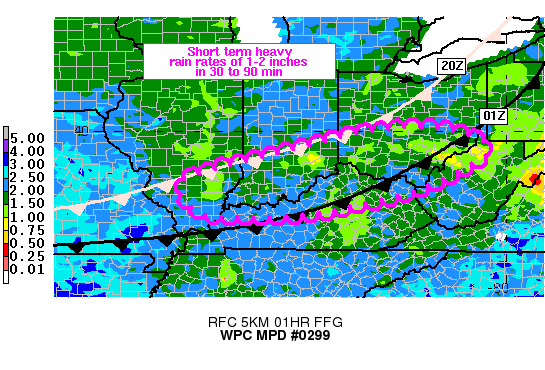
AREAS AFFECTED...PORTIONS OF THE OHIO VALLEY FROM IL TO WV

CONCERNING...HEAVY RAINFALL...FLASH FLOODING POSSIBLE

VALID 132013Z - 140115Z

SUMMARY...RAINFALL RATES OF 1-2 INCHES IN 30 TO 90 MINUTES MAY
PRODUCE SHORT TERM FLASH FLOODING CONCERNS OVER LOCATIONS WITH
SATURATED SOILS FROM PORTIONS OF SOUTHERN IL INTO WESTERN WV
THROUGH 01Z.

DISCUSSION...20Z SURFACE OBSERVATIONS AND VISIBLE SATELLITE
IMAGERY DEPICTED A COLD FRONT EXTENDING FROM WESTERN LAKE ERIE
INTO EAST-CENTRAL MO...MOVING TO THE SOUTH AND EAST AT ROUGHLY
20-25 KT. THE SPC MESOANALYSIS SHOWED MLCAPE VALUES AHEAD OF THE
BOUNDARY RANGED FROM 1500-2500 J/KG WITH LITTLE TO NO CIN
REMAINING BETWEEN SOUTHERN IL INTO SOUTHERN OH. RECENT REGIONAL
RADAR IMAGERY SHOWED A LINE OF CONVECTION JUST AHEAD OF THE COLD
FRONT FROM 20Z...EXTENDING FROM NEAR CMH TO JUST SOUTH OF
IND...WITH RECENT OBSERVATIONS FROM WUNDERGROUND.COM INDICATING
RAINFALL RATES OF NEAR 1 INCH IN A 20-30 MINUTE TIME FRAME IN THE
VICINITY OF I-70 TO THE EAST OF IND.

SHORT TERM FORECASTS INDICATE THE COLD FRONT WILL CONTINUE A
STEADY MOVEMENT TO THE SOUTH AND EAST OVER THE NEXT 6 HOURS AND
WHILE THE FRONT WILL REMAIN PROGRESSIVE...RECENT RAINFALL ACROSS
PORTIONS OF THE OHIO VALLEY HAVE LOWERED FLASH FLOOD GUIDANCE TO
AN INCH OR LESS IN 1 HOUR. SHORT TERM RAP FORECASTS ALSO SHOW SOME
POSSIBLE ENHANCEMENT TO LIFT DUE TO THE RIGHT ENTRANCE REGION OF A
100 KT UPPER LEVEL JET CORE...LOCATED OVER NORTHERN OH...COMING
INTO PLAY BETWEEN 21 AND 00Z. EXPECT CONVECTION TO CONTINUE TO
DEVELOP ALONG AND AHEAD OF THE COLD FRONT WITH RAINFALL RATES OF
1-2 INCHES IN 90 MINUTES OR LESS EXPECTED ANYWHERE BETWEEN
SOUTHERN IL INTO WESTERN WV...WITH OVERLAP OF THE AFOREMENTIONED
LOWER FFG/SATURATED SOILS. SHORT TERM FLASH FLOODING WILL BE
POSSIBLE THROUGH ABOUT 01Z...AT WHICH POINT...THE LOSS OF DAYTIME
HEATING MAY CAUSE WEAKENING OF CONVECTION...AT LEAST OVER WESTERN
PORTIONS OF THE MPD THREAT AREA.